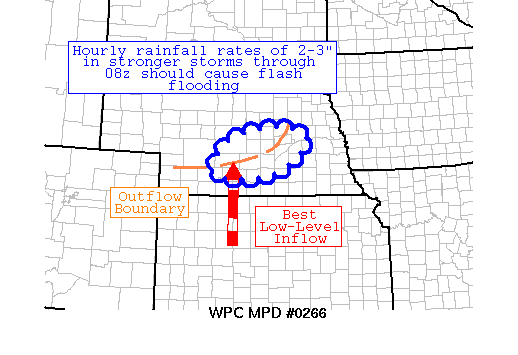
AREAS AFFECTED...SOUTH-CENTRAL NE

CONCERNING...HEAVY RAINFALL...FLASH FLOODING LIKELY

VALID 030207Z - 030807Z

SUMMARY...A GROWING AREA OF BACKBUILDING THUNDERSTORMS ACROSS
CENTRAL NEBRASKA WITH RAINFALL RATES OF 2-3" AN HOUR SHOULD
PRODUCE REGIONAL FLASH FLOODING.

DISCUSSION...AN OUTFLOW BOUNDARY FROM ONGOING THUNDERSTORM
ACTIVITY ACROSS CENTRAL NE IS COMBINING WITH LOW-LEVEL INFLOW OF
30+ KNOTS AND CAPE VALUES CLOSE TO 2000 J/KG, PER RECENT VAD WIND
PROFILES AND 12Z ARW GUIDANCE, TO PRODUCE AN AREA OF GROWING
THUNDERSTORMS WITH VERY HEAVY RAINFALL.  PRECIPITABLE WATER VALUES
OF 1.5 INCHES IN THE AREA ARE IN THE 90TH PERCENTILE FOR EARLY
OCTOBER.  RADAR ESTIMATES ARE 2-3" AN HOUR WITHIN THE HEAVIER
THUNDERSTORMS, WITH SOME LOCATIONS PICKING UP 5-10 INCHES ALREADY
PER RADAR ESTIMATES FROM NSSL AND PURELY DERIVED FROM RADAR
IMAGERY.

THE 23Z RAP INDICATES THAT LOW-LEVEL INFLOW SHOULD INCREASE OVER
THE NEXT SEVERAL HOURS, NOT FALLING OFF UNTIL AROUND 08Z, WHICH
SHOULD CONTINUE TO THE BACKBUILDING PROCESS FOR ANOTHER SEVERAL
HOURS.  CORFIDI VECTORS ARE EXPECTED TO BE LIGHT AND FROM WEST TO
EAST THROUGH 09Z PER THE 18Z GFS GUIDANCE.  RECENT MOTION OF THE
OUTFLOW BOUNDARY HAS BEEN SLOWLY SOUTHWARD.  THE 23Z HRRR SHOWS
STATIONARY THUNDERSTORMS WITH VERY HEAVY RAINFALL IN THIS REGION
UNTIL 08Z AS WELL.  AS SUCH, BELIEVE FLASH FLOODING IS LIKELY IN
THIS REGION THROUGH 08Z.